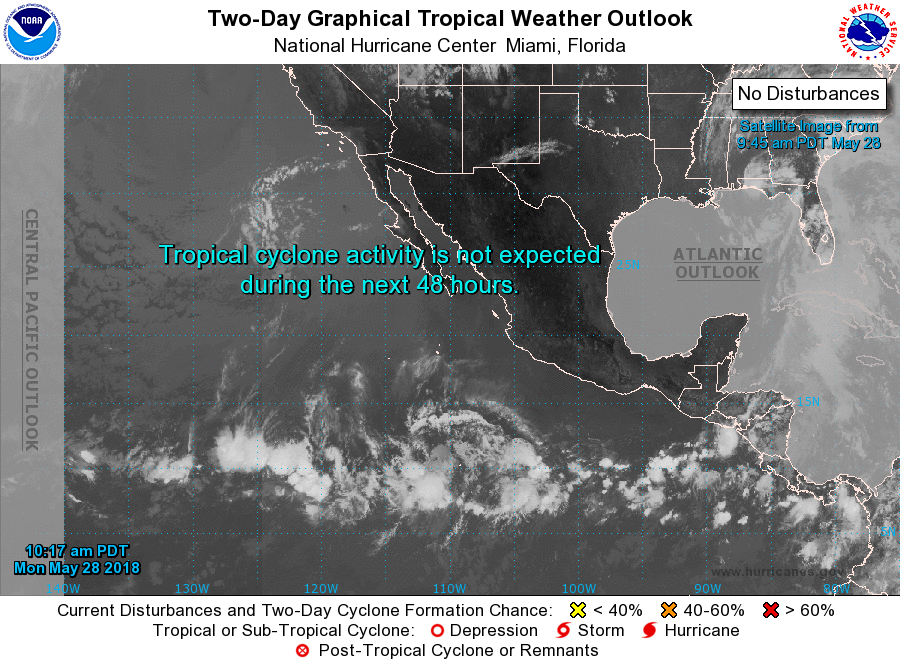
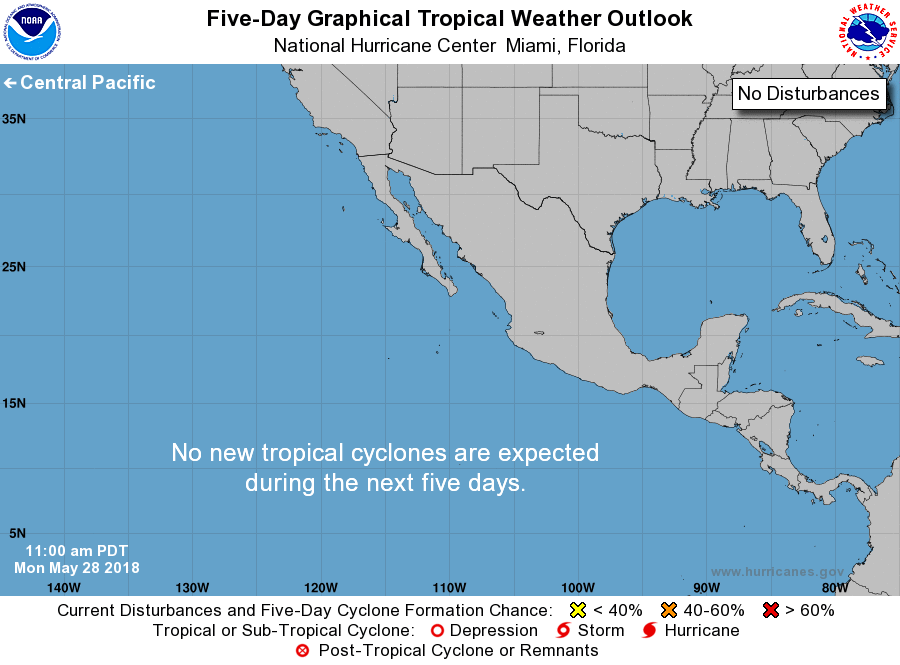
For the eastern North Pacific...east of 140 degrees west longitude:

Tropical cyclone formation is not expected during the next 5 days.

Forecaster Zelinsky